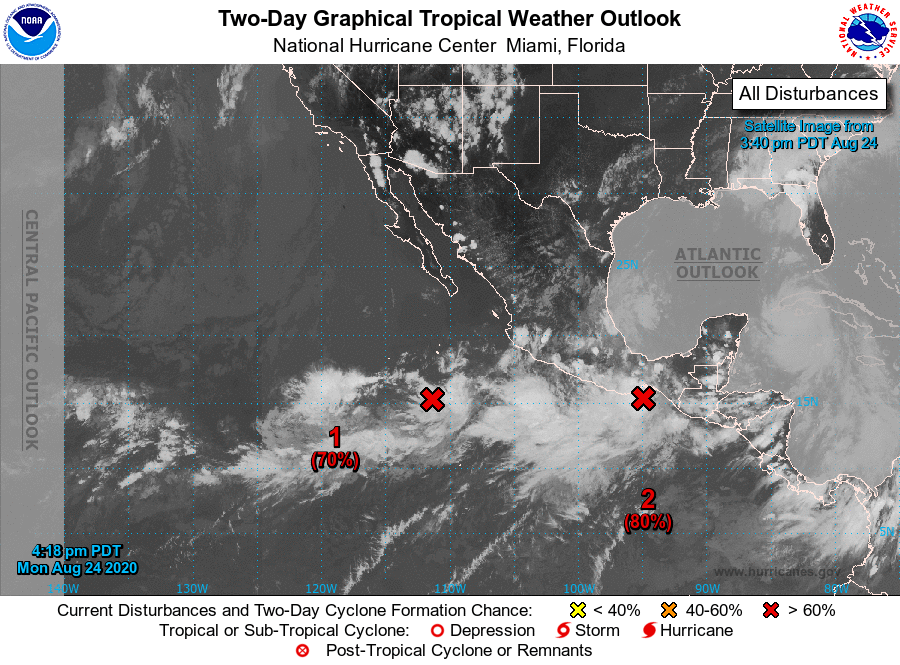
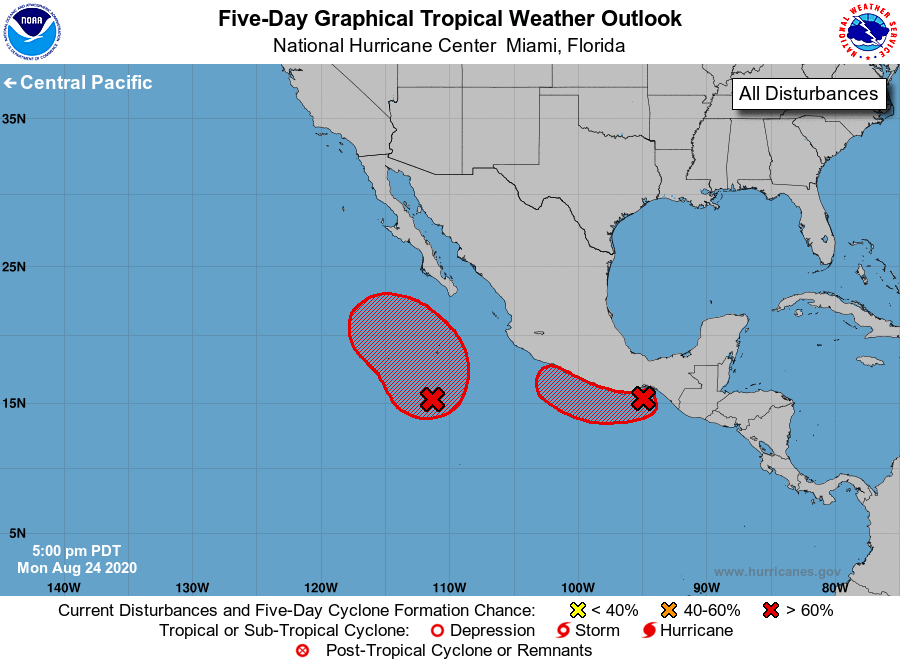
For the eastern North Pacific...east of 140 degrees west longitude:

1. An elongated zone of disturbed weather is located several hundred miles south-southwest of the southern tip of the Baja California peninsula. Environmental conditions appear conducive for a tropical depression to form later this week while the system meanders or drifts northward a few hundred miles offshore of the coast of southwestern Mexico.
* Formation chance through 48 hours...high...70 percent.
* Formation chance through 5 days...high...90 percent.

2. A small low pressure system located near the Gulf of Tehuantepec continues to show signs of organization. This low is forecast to meander or move slowly west-northwestward near the southern coast of Mexico, and a tropical depression is likely to form over the next day or two, assuming the center of circulation remains offshore. Regardless of development, areas of heavy rainfall and flash flooding are likely in southeastern Mexico and northern Central America during the next several days.
* Formation chance through 48 hours...high...80 percent.
* Formation chance through 5 days...high...80 percent.

Forecaster Pasch